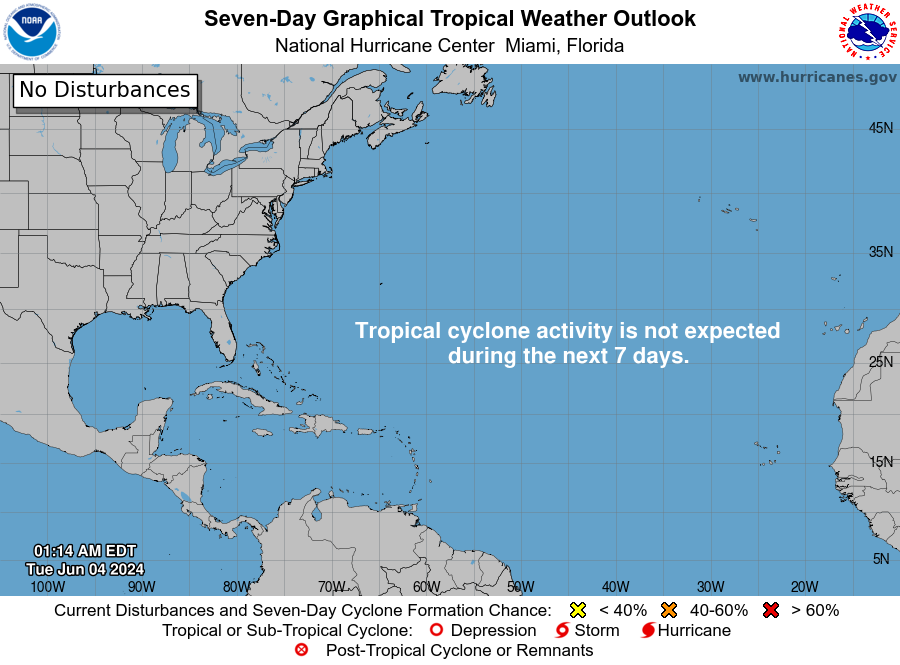
For the North Atlantic...Caribbean Sea and the Gulf of Mexico:

Tropical cyclone formation is not expected during the next 7 days.

Forecaster Bucci